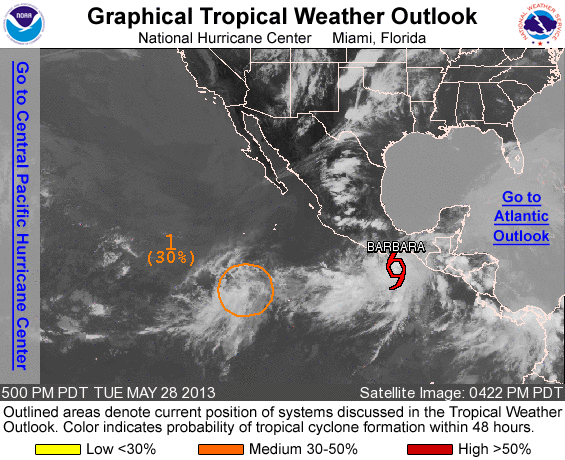
FOR THE EASTERN NORTH PACIFIC...EAST OF 140 DEGREES WEST LONGITUDE..

THE NATIONAL HURRICANE CENTER IS ISSUING ADVISORIES ON RECENTLY-DEVELOPED TROPICAL STORM BARBARA...LOCATED NEAR THE GULF OF TEHUANTEPEC.

1. SATELLITE IMAGERY AND SCATTEROMETER DATA INDICATE THAT THE LOW PRESSURE AREA LOCATED ABOUT 850 MILES SOUTH-SOUTHWEST OF THE SOUTHERN TIP OF THE BAJA CALIFORNIA PENNISULA HAS BECOME BETTER ORGANIZED THIS AFTERNOON. ADDITIONAL SLOW DEVELOPMENT IS POSSIBLE AS THE SYSTEM MOVES TOWARD THE NORTH OR NORTH-NORTHEAST AT 5 TO 10 MPH...AND IT HAS A MEDIUM CHANCE...30 PERCENT...OF BECOMING A TROPICAL CYCLONE DURING THE NEXT 48 HOURS.

ELSEWHERE...TROPICAL CYCLONE FORMATION IS NOT EXPECTED DURING THE NEXT 48 HOURS.

&&
PUBLIC ADVISORIES ON TROPICAL STORM BARBARA ARE ISSUED UNDER WMO HEADER WTPZ32 KNHC AND UNDER AWIPS HEADER MIATCPEP2. FORECAST/ADVISORIES ON TROPICAL STORM BARBARA ARE ISSUED UNDER WMO HEADER WTPZ22 KNHC AND UNDER AWIPS HEADER MIATCMEP2.

FORECASTER BEVEN